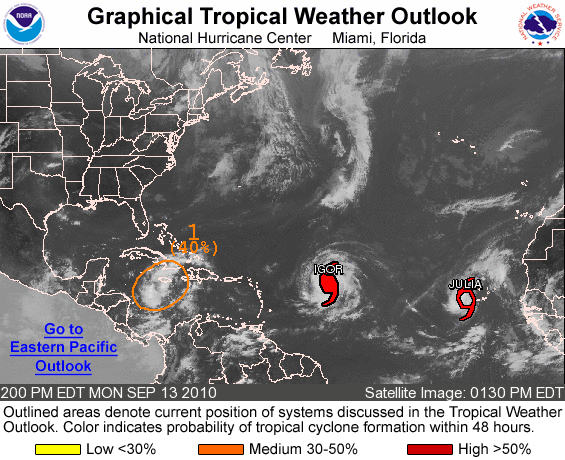
FOR THE NORTH ATLANTIC...CARIBBEAN SEA AND THE GULF OF MEXICO...

THE NATIONAL HURRICANE CENTER IS ISSUING ADVISORIES ON HURRICANE IGOR...LOCATED ABOUT 880 MILES EAST OF THE NORTHERN LEEWARD ISLANDS ...AND ON TROPICAL STORM JULIA...LOCATED ABOUT 155 MILES WEST OF THE SOUTHERNMOST CAPE VERDE ISLANDS.

1. SHOWERS AND THUNDERSTORMS REMAIN POORLY ORGANIZED IN ASSOCIATION WITH A BROAD AREA OF LOW PRESSURE OVER THE WEST-CENTRAL CARIBBEAN SEA. SOME DEVELOPMENT OF THIS SYSTEM IS POSSIBLE AT IT MOVES WEST-NORTHWESTWARD AROUND 20 MPH...AND THERE IS A MEDIUM CHANCE... 40 PERCENT...OF THIS SYSTEM BECOMING A TROPICAL CYCLONE DURING THE NEXT 48 HOURS. REGARDLESS OF DEVELOPMENT...LOCALLY HEAVY RAINFALL IS POSSIBLE OVER PORTIONS OF HISPANIOLA...JAMAICA...CUBA...THE CAYMAN ISLANDS...AND THE YUCATAN PENINSULA DURING THE NEXT DAY OR TWO. THESE RAINS COULD CAUSE LIFE-THREATENING FLASH FLOODS AND MUD SLIDES...ESPECIALLY IN AREAS OF MOUNTAINOUS TERRAIN.

ELSEWHERE...TROPICAL CYCLONE FORMATION IS NOT EXPECTED DURING THE NEXT 48 HOURS.

FORECASTER BRENNAN